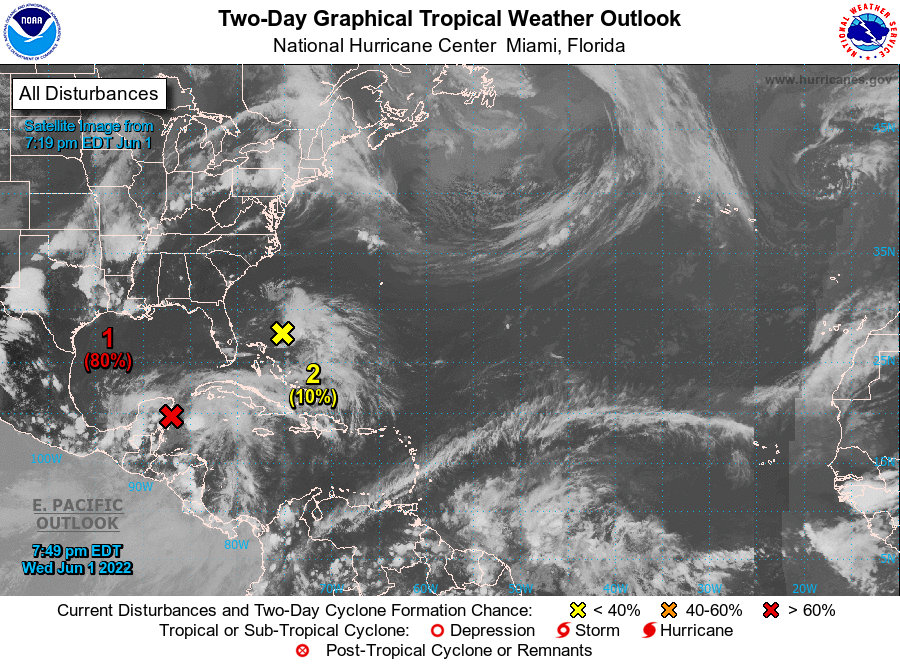
For the North Atlantic...Caribbean Sea and the Gulf of Mexico:

1. Near the Yucatan Peninsula and Southeastern Gulf of Mexico: A broad area of low pressure located near the east coast of the Yucatan Peninsula is producing a large area of disorganized showers and thunderstorms over the northwestern Caribbean Sea and Yucatan Peninsula. Despite strong upper-level winds, gradual development is forecast and this system is likely to become a tropical depression while it moves slowly northeastward over the northwestern Caribbean Sea and southeastern Gulf of Mexico during the next day or two. Regardless of development, locally heavy rainfall is likely across portions of the Yucatan Peninsula during the next day or so, spreading across western Cuba, South Florida, and the Florida Keys on Friday and Saturday. Interests in the Yucatan Peninsula, western Cuba, the Florida Keys, and the Florida Peninsula should monitor the progress of this system.
* Formation chance through 48 hours...high...80 percent.
* Formation chance through 5 days...high...80 percent.

2. Southwestern Atlantic northeast of the Bahamas: A weak surface trough located about 150 miles northeast of the northwest Bahamas is producing disorganized showers and a few thunderstorms. While surface pressures have lowered somewhat over the past day or so, environmental conditions appear only marginally favorable, and significant development of this system appears unlikely as it moves generally east-northeastward over the next several days away from the southeastern United States.
* Formation chance through 48 hours...low...10 percent.
* Formation chance through 5 days...low...10 percent.

Forecaster Papin